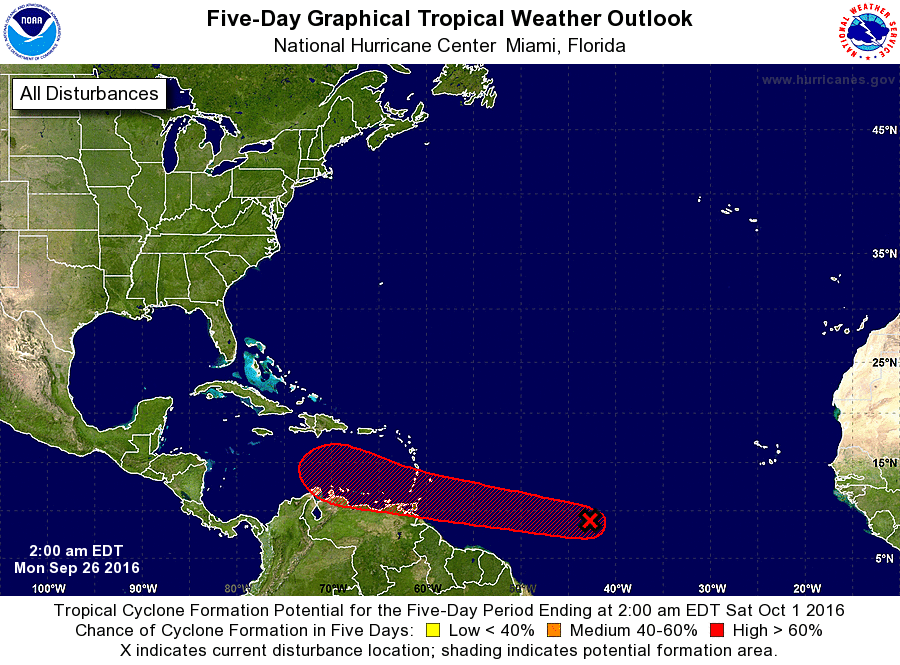
For the North Atlantic...Caribbean Sea and the Gulf of Mexico:

1. Shower and thunderstorm activity associated with a large low pressure area located about 1150 miles east-southeast of the Windward Islands has increased and become a little better organized since yesterday. Environmental conditions are expected to be conducive for gradual development, and a tropical depression is likely to form later this week while the low moves westward to west-northwestward at 15 to 20 mph. Interests in the Windward Islands, the southeastern and south-central Caribbean Sea, as well as the northern coast of South America, should monitor the progress of this system.
* Formation chance through 48 hours...medium...50 percent
* Formation chance through 5 days...high...90 percent

Forecaster Stewart